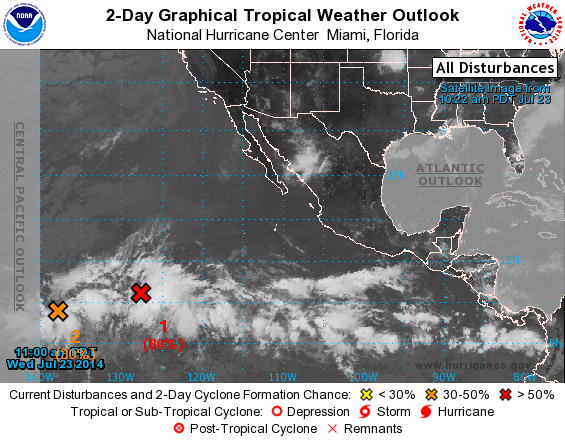
For the eastern North Pacific...east of 140 degrees west longitude:

1. A broad low located about 1400 miles southwest of the southern tip of the Baja California peninsula is producing a large area of showers and thunderstorms. Environmental conditions appear conducive for additional development and this system is expected to become a tropical depression during the next couple of days while it moves westward or west-northwestward at 10 to 15 mph.
* Formation chance through 48 hours...high...80 percent.
* Formation chance through 5 days...high...90 percent.

2. Showers and thunderstorms have increased near a surface trough located about 1400 miles east-southeast of the Big Island of Hawaii. Further development of this system is possible during the next few days while it moves westward into the central Pacific.
* Formation chance through 48 hours...medium...30 percent.
* Formation chance through 5 days...medium...50 percent.

3. An area of low pressure is forecast to form several hundred miles south of the coast of Mexico in a few days. Some development of this system is expected over the weekend while it moves generally west-northwestward.
* Formation chance through 48 hours...low...near 0 percent.
* Formation chance through 5 days...medium...50 percent.

4. Another area of low pressure could form during the next couple of days several hundred miles southwest of the southern tip of the Baja California peninsula. Some gradual development of this system is possible by the weekend while it moves generally westward.
* Formation chance through 48 hours...low...near 0 percent.
* Formation chance through 5 days...low...20 percent.

Forecaster Blake